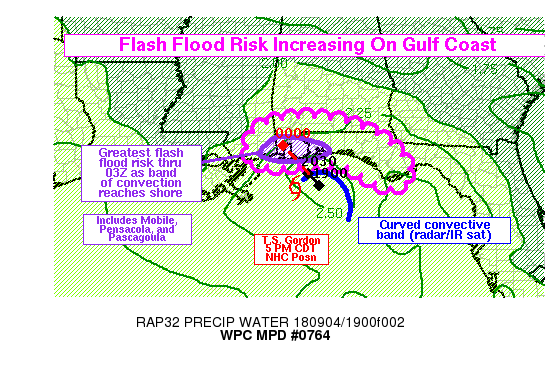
Areas affected...Southern Alabama; Western Florida Panhandle,
Southern Mississippi

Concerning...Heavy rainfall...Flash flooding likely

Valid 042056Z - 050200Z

Summary...Tropical Storm Gordon continues to approach the
north-central Gulf coast, and heavy rain bands associated with the
center of the storm will begin to move onshore in the next few
hours. This will likely bring very heavy rain rates to the
coastline from Mississippi, to Alabama, to the western Florida
Panhandle, and increase the risk of flash flooding into the
evening. The greatest risk through 9 PM CDT should be within 30
miles of the coast from Pascagoula, MS to Pensacola, FL.

Discussion...The 21Z advisory from the National Hurricane Center
for Tropical Storm Gordon discusses a vertical tilt to the
cyclone, with the mid-level center displaced to the E/NE of the
surface circulation. This is also evident when overlaying radar
mosaic loops with the 21Z surface center, as the largest core
convective band was focused around a mid-level center.
Extrapolation of radar trends closely matches available hi-res
models, particularly the last few runs of the HRRR, and takes the
comma head portion of the curved convective band into the
north-central Gulf Coast around 22-23Z. The HRRR focuses some of
the highest rain rates in this area as well, and this is supported
by current radar trends. From the KEVX radar, the ZDR values in
this band were almost entirely below 1 dB with KDP values around
1-2 deg/km, implying very large concentrations of small droplets
(and a high likelihood of efficient rainfall processes and heavy
rain rates). Further to the northeast, there was a peripheral
convergence band inland over the Florida Panhandle with ZDR values
closer to 2 dB and higher reflectivity values, suggestive of
larger droplets but less efficient rainfall processes.

Therefore, the greatest flash flood risk through 02Z is expected
to be generally within 30 miles of the coast from PQL to PNS.
Heavy rain bands with some element of training motion will be
possible further inland or to the east, but should have slightly
lower rain rates and are more likely to drift off a particular
axis. This should limit the flash flood threat elsewhere in the
outlined area through 02Z, but it cannot be ruled out entirely.

As the evening progresses, the HRRR does show a small area of high
rain rates being maintained closer to the center of Gordon, and
that would be likely to propagate gradually to the northwest with
time. However, it also shows a large convective band developing on
the east side of the cyclone and feeding into an area centered
around Pensacola. This will likely extend the flash flood threat
beyond the time period of this discussion, and could lead to a
small area of more significant rainfall totals overnight near the
coast but well to the east of the low-level center.